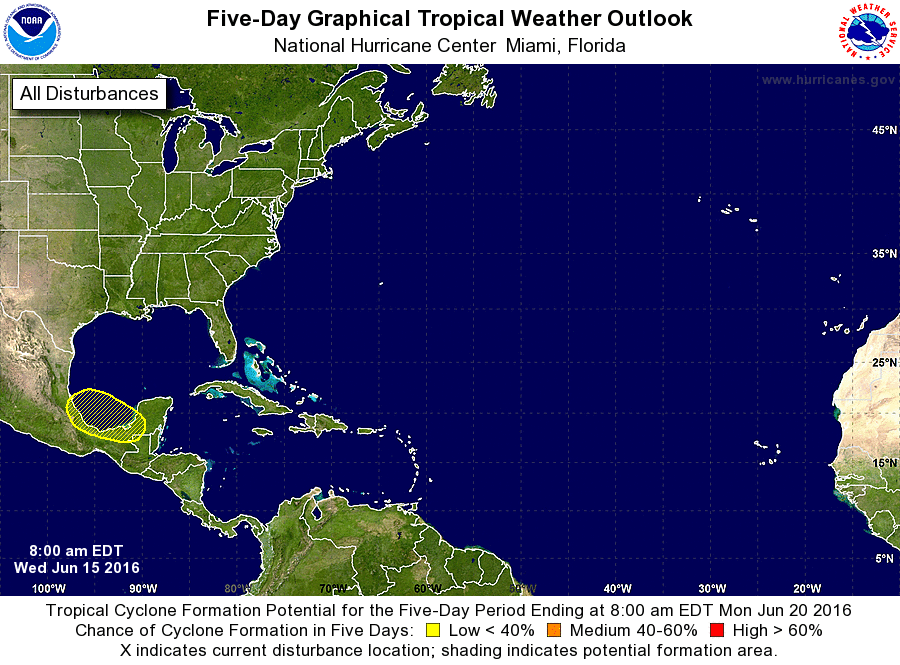
For the North Atlantic...Caribbean Sea and the Gulf of Mexico:

1. Environmental conditions could favor the formation of a broad area of low pressure in the Bay of Campeche when a westward moving tropical wave reaches the area later this weekend. Some slight development of this low is possible on Sunday or Monday.
* Formation chance through 48 hours...low...near 0 percent
* Formation chance through 5 days...low...20 percent

Forecaster Avila